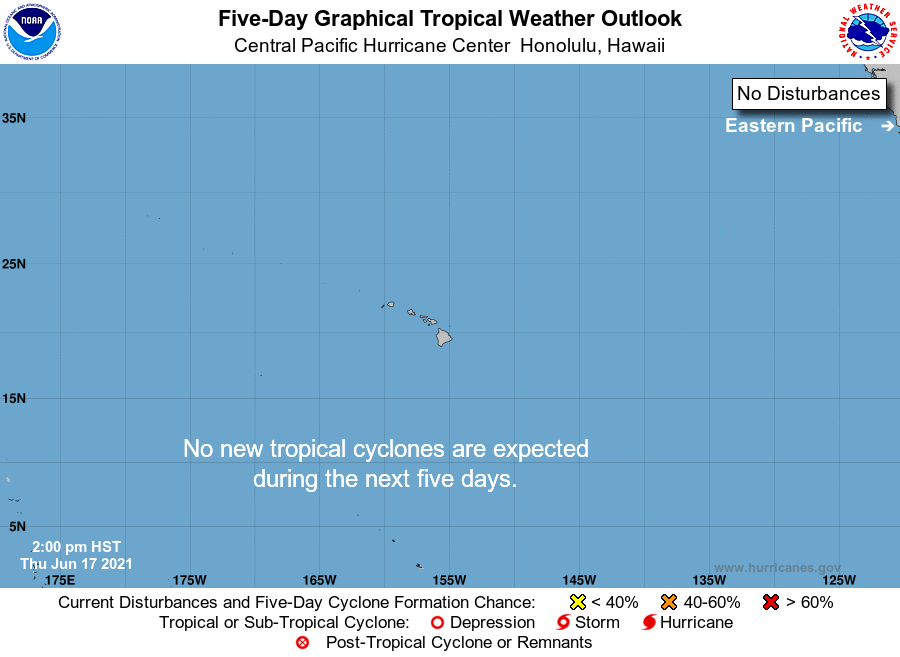
For the central North Pacific...between 140W and 180W:

No tropical cyclones are expected during the next 5 days.

Forecaster TS